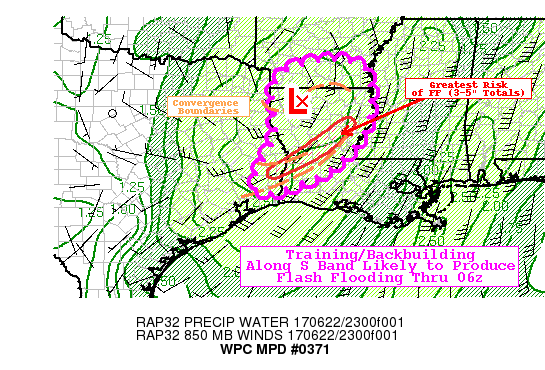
AREAS AFFECTED...NORTHERN & CENTRAL LA...SOUTHERN AR...EXT
SOUTHEAST TX

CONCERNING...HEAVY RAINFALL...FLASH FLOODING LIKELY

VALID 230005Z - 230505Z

SUMMARY...INCREASING CONFLUENCE ALONG SOUTHERN BAND ALONG WITH
IMPROVING UNIDIRECTIONAL PROFILES SUPPORTING TRAINING POSE
INCREASING FLASH FLOOD THREAT IN EARLY OVERNIGHT HOURS.

DISCUSSION...TROPICAL DEPRESSION CINDY CONTINUES TO SLOWLY DECAY
WITH MID TO UPPER LEVEL FLOW REGIME SUPPORTING INCREASING
STRETCHING/ELONGATION OF THE INNER CORE FROM SW TO NE.  THIS IS
ALSO STARTING TO MANIFEST TOWARD THE SURFACE AS WELL AS THE INNER
SURFACE LOW FILLS...CONVECTIVE PROCESSES ARE SUPPORTING INCREASED
OUTFLOW FROM THE OLD OCCLUSION HAS PRESSED EASTWARD ACROSS NORTH
CENTRAL LA BECOMING CONVERGENT WITH SW TO NE ORIENTED OUTER BAND.
ONSHORE MOIST/UNSTABLE FLOW HAS BEEN STRENGTHENING OVER THE PAST
HOUR OR SO WITH INCREASING CONVERGENCE ALONG THIS BAND AS EVIDENT
IN VIS/EIR WITH NORTHWARD TILTING CONVECTIVE TOWERS DEVELOPING
ACROSS LA; HOWEVER WITH AFOREMENTIONED STRETCHING ALOFT SHEAR IS
REDUCING ALLOWING FOR INCREASED VERTICAL GROWTH AS NOTED IN SE TX
ATTM.  INCREASED VERTICALITY AND DEEPER WARM CLOUD RAINFALL
GENERATION PROCESSES TAPPING VERY DEEP/MOIST LOWER PROFILES WITH
TPWS AROUND 2.5" WILL SUPPORT BETTER RATES LIKELY REACHING 2 TO
2.5"/HR IMPROVING WITH TIME. THE BAND WILL ALSO ORIENT FAVORABLY
WITH THE FLOW TO SUPPORT TRAINING OF CELLS ACROSS CENTRAL LA WITH
THE BEST THREAT TOTALS IN THE 2-4" RANGE WITH LOCALIZED TOTALS UP
TO 5" EVEN SUGGESTED BY THE HRRRX AND DOWNWARD ADJUSTED
NAM-CONEST.  ADDITIONALLY TO REACH THESE SORTS OF TOTALS...850MB
WILL BE STRENGTHENING/CONFLUENT WITH WINDS TO 40-45KTS SUPPORTING
UPSTREAM PROPAGATION VECTORS (BACKBUILDING).

GIVEN AREA FROM VERNON TO LA SALLE/ CATAHOULA PARISH HAS BEEN
SPARED FROM EARLIER BOUTS ASSOCIATED WITH CINDY WITH FFG VALUES
REMAINING AT NORMAL LEVELS...IT IS INCREASING CONFIDENCE THERE
WILL BE EXCEEDANCE OF 2-3" IN 3HRS AND AS SUCH FLASH FLOODING IS
CONSIDERED LIKELY.

NEARER THE INNER CORE OF CINDY...THERE IS AN UPTICK IN LOW LEVEL
CONVERGENCE AND CONVECTION DEVELOPMENT.  WHILE SOURCE OF
INSTABILITY WILL BE LESS THAN FURTHER SOUTH...MOISTURE IS A BIT
DEEPER OVER 2.5" IN TPW AND THEREFORE CONVECTION POSES A POSSIBLE
THREAT FOR FF AS IT LIFTS NNE TOWARD S AR BY 06Z AND THEREFORE IS
INCLUDED IN THE FF THREAT/MPD AREA OF CONCERN...THOUGH THE
POTENTIAL IS A BIT LESS WITH 1-3" MORE THE NORM.